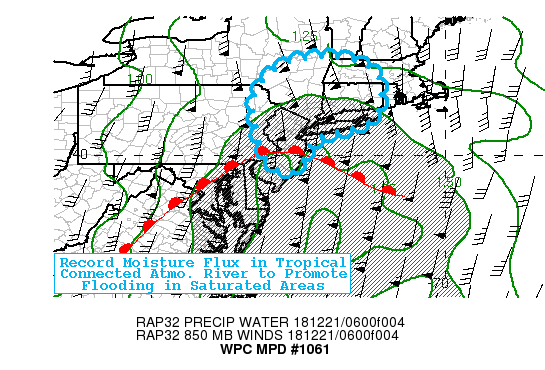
Areas affected...Southern NY...Eastern PA...NJ...CT...RI...Western
MA

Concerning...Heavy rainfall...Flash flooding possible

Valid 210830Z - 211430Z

SUMMARY...Atmospheric River of record moisture and strong flux,
suggest moderate rainfall rates over saturated grounds supporting
flooding through early morning.

DISCUSSION...GOES-16 WV suite shows strong shortwave/vort center
crossing SC, with modest diffluence ahead of it.  The strong DPVA
and diffluent exit region of approaching 110+kt 3H jet is
providing solid large scale ascent.  The approach of the shortwave
and jet is favorably orienting deep layer unidirectional flow as
well as as strengthening/accelerating the flow.  As such, blended
TPW/CIRA Layer PW analysis show a tightening of the moisture plume
originating SW of Cuba, with TPW magnitudes in excess of 1.75"
nosing up into the southern Delmarva peninsula.  The nose is being
enhanced by the return branch of southeasterly flow off the
Central Atlantic as well as the main warm conveyor from the due
south. The focused surge northward is angled along the NJ coast
into the Lower Hudson River valley and NYC metro with LLJ/850mb
flow expected to increase to 60-70kts by 09z, and given the
depth/strength of the conveyor, IVT transport levels are at record
values and over 1250 kg/ms.  HREF MUCAPE means support even modest
instability up to 250 J/kg across NJ/Long Island and SE New
England from 09-12z, suggesting the possibility of rates nearing
.5"/hr in parts, especially southward facing terrain in the
Catskills and Berkshire ranges.   Recent 10.3um IR channel shows
transverse banding starting to vertically enhance in the DPVA
region across MD and E PA, supporting the notion of rainfall
generation depth to support said rates at times.

Rainfall totals of 1.5-2.5 through 15z from Hi-Res guidance also
suggests 1-2 year ARI across the Lower Hudson Valley, given the
limited instability this is quite impressive and also suggests
flooding is going to be likely possibly with flashy conditions in
terrain especially given saturated less permeable grounds in this
late autumn time period.